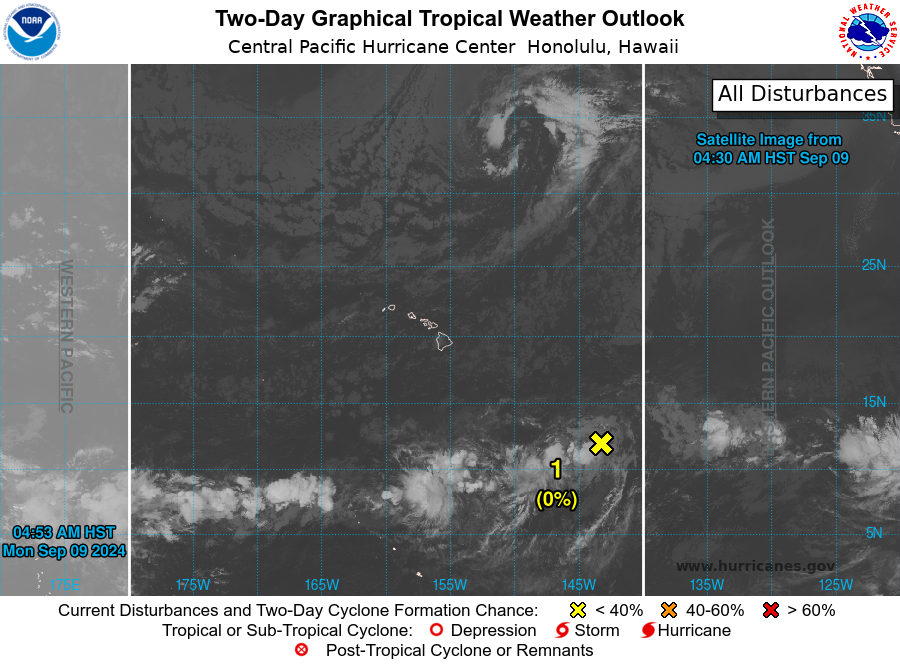
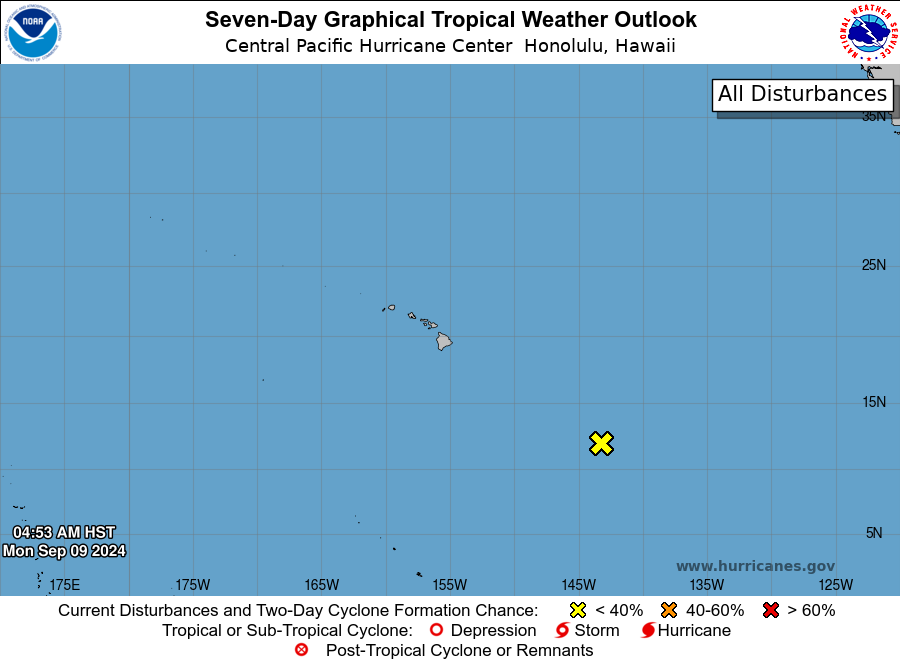
For the central North Pacific...between 140W and 180W:

1. Approximately 1000 miles southeast of Hilo, Hawaii: A trough of low pressure located around 1000 miles southeast of Hilo, Hawaii is producing disorganized showers and thunderstorms. Environmental conditions will remain unfavorable for development of this system as it moves slowly northwestward during the next couple days, and Tropical cyclone formation is no longer expected.
* Formation chance through 48 hours...low...near 0 percent.
* Formation chance through 7 days...low...near 0 percent.

Elsewhere, no tropical cyclones are expected during the next 7 days.

Forecaster Jelsema